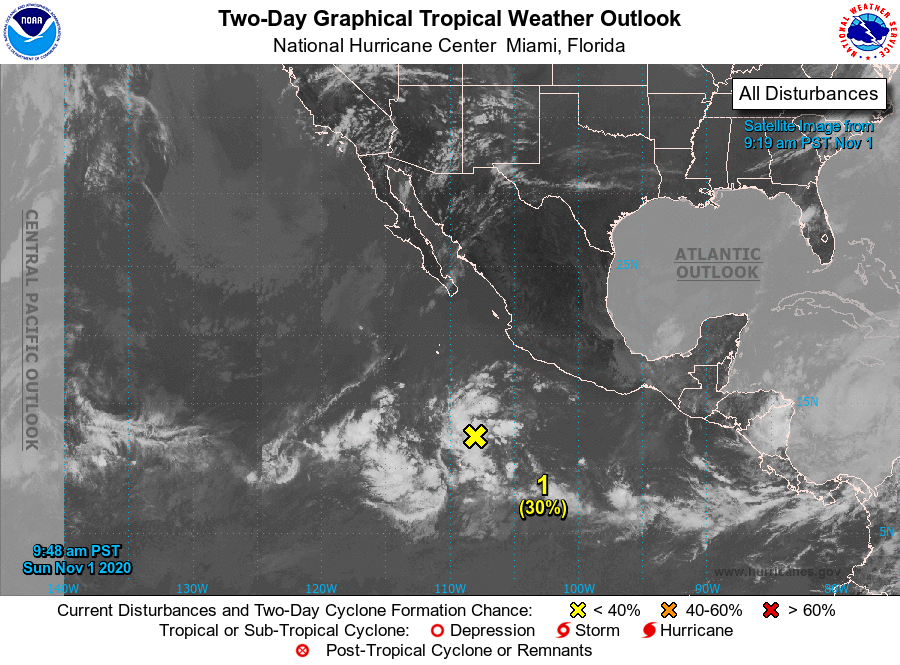
For the eastern North Pacific...east of 140 degrees west longitude:

1. A trough of low pressure located several hundred miles southwest of the coast of southern Mexico is producing disorganized showers and a few thunderstorms. Environmental conditions appear favorable for gradual development, and a tropical depression is likely to form by the middle of the week as the system moves west-northwestward over the eastern Pacific.
* Formation chance through 48 hours...low...30 percent.
* Formation chance through 5 days...high...80 percent.

Forecaster Reinhart/Berg